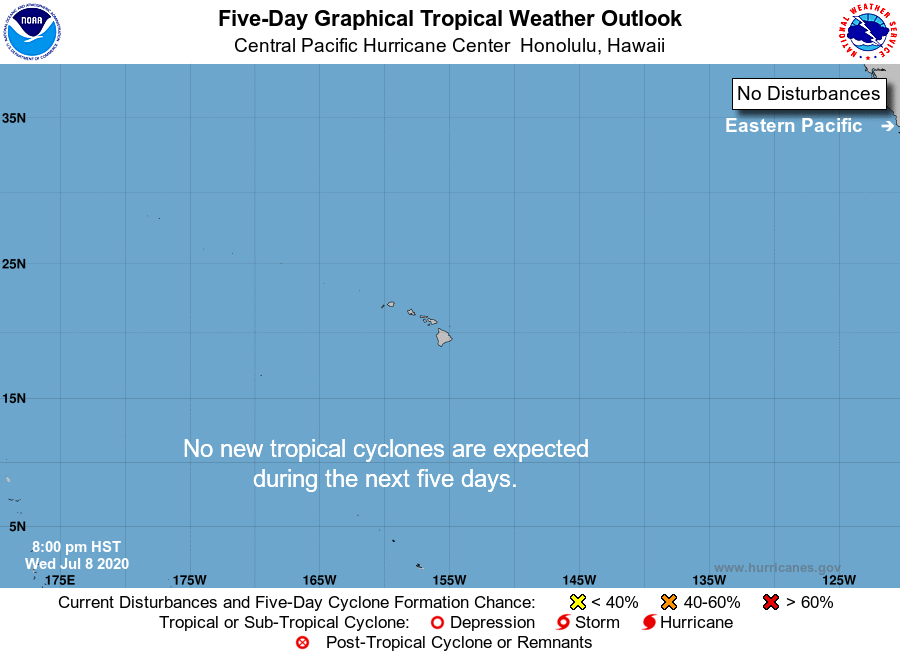
For the central North Pacific...between 140W and 180W:

No tropical cyclones are expected during the next 5 days.

Forecaster Jelsema